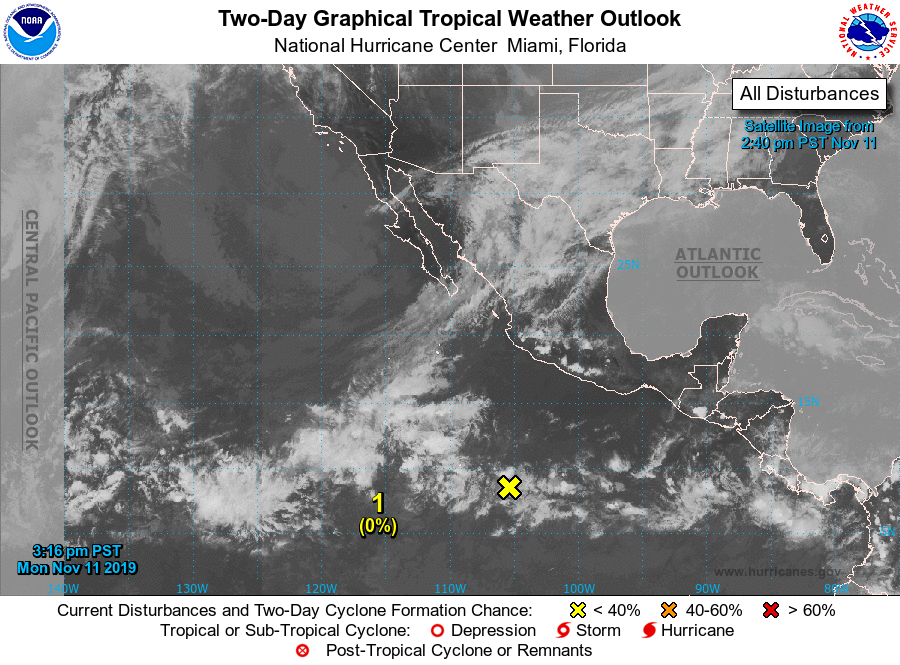
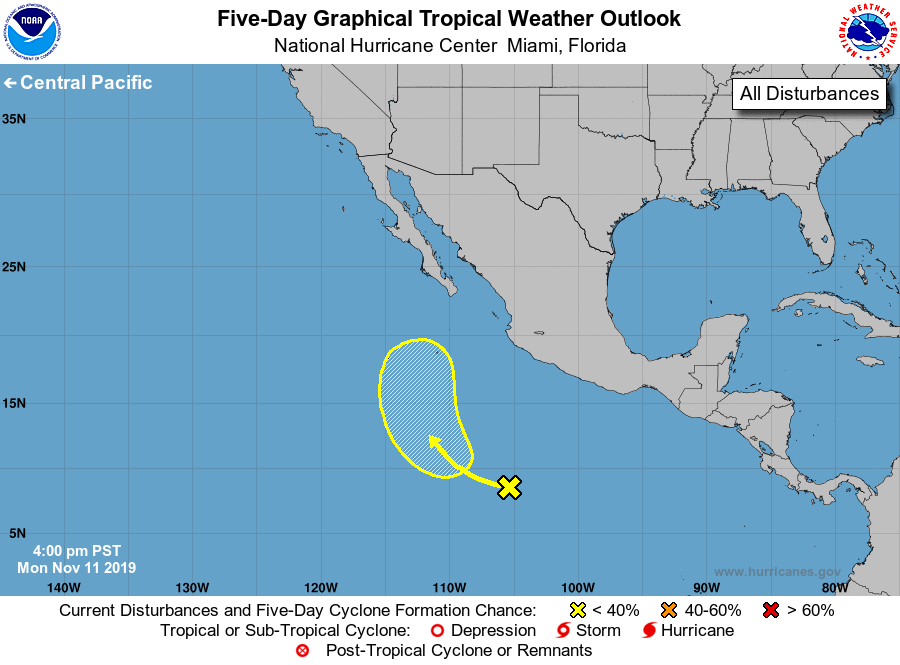
For the eastern North Pacific...east of 140 degrees west longitude:

1. An area of low pressure is expected to form in a couple of days several hundred miles south of the southern tip of the Baja California peninsula. Some gradual development of this disturbance is possible late this week before upper-level winds increase over the weekend. This system is expected to move generally northward during the next several days.
* Formation chance through 48 hours...low...near 0 percent.
* Formation chance through 5 days...low...30 percent.

Forecaster Cangialosi